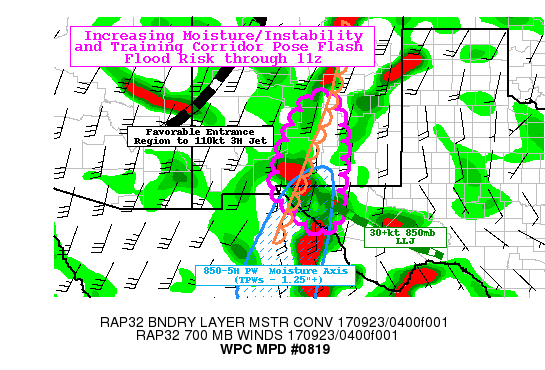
AREAS AFFECTED...SOUTHERN NM...EXT WESTERN TX PANHANDLE

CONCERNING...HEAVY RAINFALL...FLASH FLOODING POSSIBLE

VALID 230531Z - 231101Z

SUMMARY...NARROW BUT NEAR STATIONARY CORRIDOR OF HIGHER PACIFIC
MOISTURE SUPPORTIVE UPSTREAM REDEVELOPMENT AND TRAINING POSE
POSSIBLE FLASH FLOOD RISK.

DISCUSSION...03Z CIRA LAYERED PW DEPICTED A MARKED INCREASE IN
850-5H MOISTURE WITH 7-5H VALUES RAISING FROM .25 TO AROUND .5"
(THOUGH SOME CAUTION IS NEEDED BEING AT THE LIMB OF THE POLAR
PASS) LEADING TO TOTALS IN THE 1.25-1.4" RANGE.  CURRENTLY VERY
STRONG RETURN MOISTURE STREAM THROUGH THE RIO GRANDE/WESTERN TX
PANHANDLE IS ESTIMATED BY 3.9UM IR LOOP AND RAP ANALYSIS
SUGGESTIVE UP TO 30KTS.  THIS COMBINED WITH EPZ 850MB WIND
ESTIMATED AS WEST SUGGESTS FAIRLY STRONG CONVERGENCE IN THE
VICINITY.  SURFACE OBS ALSO DEPICT SHALLOW BUT IMPRESSIVE MOISTURE
WITH TDS IN THE LOWER 60S APPROACHING FROM THE EAST AS WELL.
ABOVE THE BOUNDARY LAYER THE CONFLUENT 7H MST FLOW WILL SUPPORT
MEAN CELL MOTIONS TO THE NORTH WITH SOME SUGGESTION OF
BACKBUILDING PROPAGATION VECTORS GIVEN THE STRONGER LOW LEVEL
INFLOW BEFORE IT SLACKENS.  ADDITIONALLY...MODEST UPPER LEVEL
SUPPORT IN RIGHT ENTRANCE REGION OF 3H JET IS EXPECTED TO STEADILY
INCREASE THROUGH 10Z AS THE ORIENATION OF THE JET BACKS FROM SWLY
TO MORE SOUTHERLY OPENING AN INCREASED N-S AXIS OF DIVERGENCE
ALOFT.

LIMITING FACTOR AT THIS TIME APPEARS TO BE OVERALL CONVECTIVE
COVERAGE AND BREADTH OF UPDRAFT/DOWNDRAFT CORES; AS ONLY ONE OR
TWO CBS CAN BE SEEN IN NORTHER CHIHUAHUA IN 10.3UM IR AND EPZ
RADAR.  STILL GIVEN INCREASED MOISTURE AND FLUX THE BULK OF HI-RES
GUIDANCE SUGGESTS INCREASED COVERAGE. RATES UP TO 1.25"/HR ARE
LIKELY THOUGH FORWARD PROGRESS MAY KEEP OVERALL TOTALS BELOW FFG
VALUE FOR ANY GIVEN INDIVIDUAL CELL.  UPSTREAM
INSTABILITY/MOISTURE WITH LIMITED EASTWARD PROGRESSION SHOULD
SUPPORT MORE UPSTREAM DEVELOPMENT WITHIN A TRAINING ENVIRONMENT.
AS SUCH TOTALS UP TO 2-2.5" ARE POSSIBLE THROUGH 12Z AND AS SUCH
ISOLATED FLASH FLOODING IS CONSIDERED POSSIBLE.